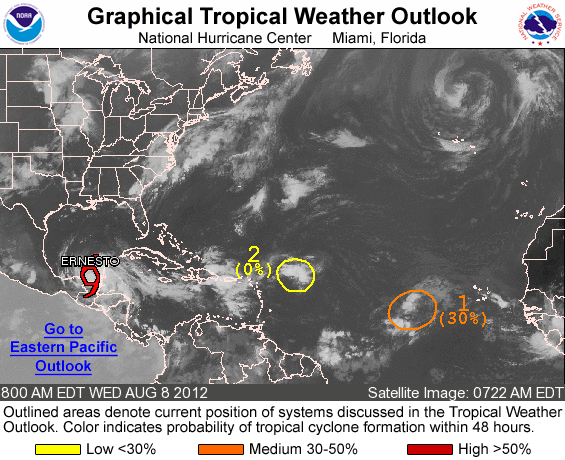
FOR THE NORTH ATLANTIC...CARIBBEAN SEA AND THE GULF OF MEXICO...

THE NATIONAL HURRICANE CENTER IS ISSUING ADVISORIES ON RECENTLY-DOWNGRADED TROPICAL STORM ERNESTO...LOCATED OVER THE YUCATAN PENINSULA OF MEXICO ABOUT 90 MILES SOUTH-SOUTHEAST OF CAMPECHE.

1. A LOW PRESSURE AREA ASSOCIATED WITH A TROPICAL WAVE LOCATED ABOUT 700 MILES WEST-SOUTHWEST OF THE CAPE VERDE ISLANDS HAS SLIGHTLY BETTER ORGANIZED DURING THE PAST SEVERAL HOURS. ENVIRONMENTAL CONDITIONS ARE MARGINALLY CONDUCIVE FOR GRADUAL DEVELOPMENT OVER THE NEXT COUPLE OF DAYS. THIS SYSTEM HAS A MEDIUM CHANCE...30 PERCENT...OF BECOMING A TROPICAL CYCLONE DURING THE NEXT 48 HOURS AS IT MOVES WESTWARD AT 10 TO 15 MPH.

2. THE REMNANTS OF FLORENCE...A TROPICAL WAVE LOCATED ABOUT 450 MILES EAST OF THE NORTHERN LEEWARD ISLANDS...CONTINUE TO PRODUCE DISORGANIZED THUNDERSTORM ACTIVITY. HOWEVER...UPPER-LEVEL WINDS ARE NOT EXPECTED TO BE CONDUCIVE FOR REDEVELOPMENT...AND THIS SYSTEM HAS A LOW CHANCE...NEAR 0 PERCENT...OF BECOMING A TROPICAL CYCLONE AGAIN DURING THE NEXT 48 HOURS AS IT MOVES WEST- NORTHWESTWARD AT ABOUT 20 MPH.

ELSEWHERE...TROPICAL CYCLONE FORMATION IS NOT EXPECTED DURING THE NEXT 48 HOURS.

FORECASTER BEVEN